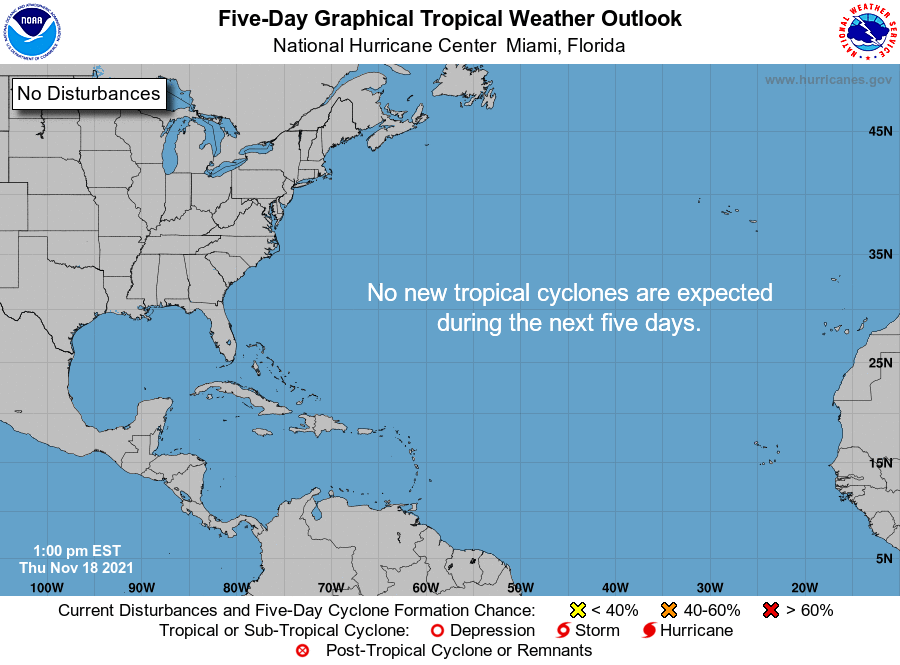
For the North Atlantic...Caribbean Sea and the Gulf of Mexico:

Tropical cyclone formation is not expected during the next 5 days.

Forecaster Pasch